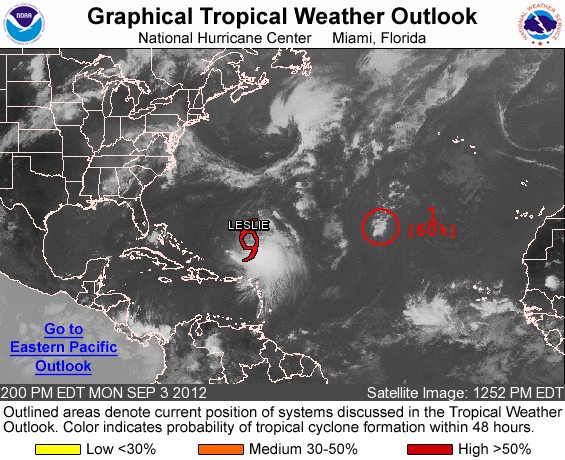
FOR THE NORTH ATLANTIC...CARIBBEAN SEA AND THE GULF OF MEXICO...

THE NATIONAL HURRICANE CENTER IS ISSUING ADVISORIES ON TROPICAL STORM LESLIE..LOCATED ABOUT 600 MILES SOUTH OF BERMUDA.

1. THUNDERSTORM ACTIVITY HAS INCREASED OVER THE PAST COUPLE OF HOURS NEAR A SMALL LOW PRESSURE SYSTEM LOCATED ABOUT 1250 MILES NORTHWEST OF THE CAPE VERDE ISLANDS. ENVIRONMENTAL CONDITIONS APPEAR CONDUCIVE FOR DEVELOPMENT...AND THIS LOW COULD BECOME A TROPICAL DEPRESSION DURING THE NEXT DAY OR SO. THIS SYSTEM HAS A HIGH CHANCE...60 PERCENT...OF BECOMING A TROPICAL CYCLONE DURING THE NEXT 48 HOURS AS IT MOVES SLOWLY WEST-NORTHWESTWARD.

ELSEWHERE...TROPICAL CYCLONE FORMATION IS NOT EXPECTED DURING THE NEXT 48 HOURS.

FORECASTER CANGIALOSI/BROWN